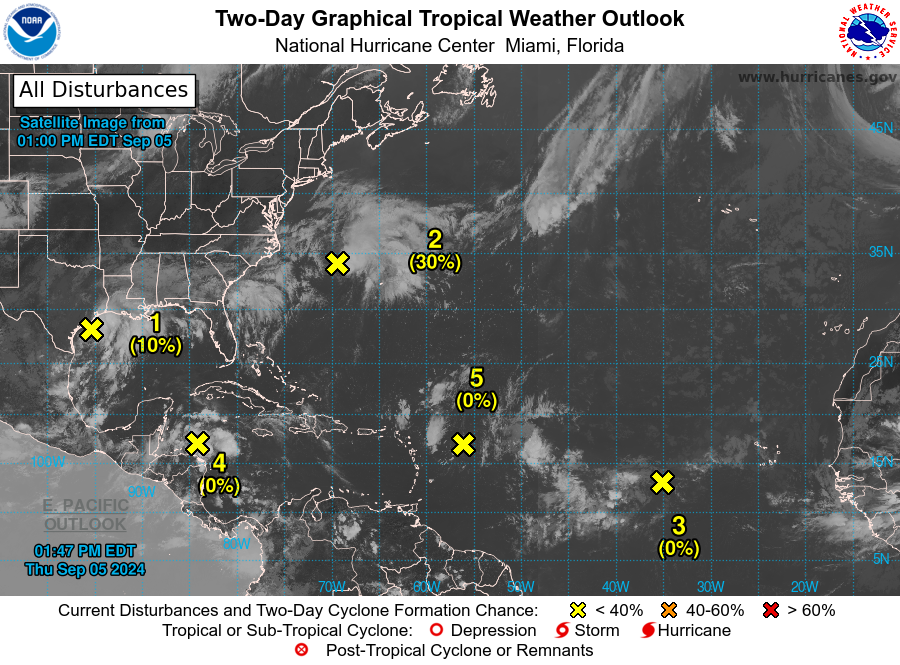
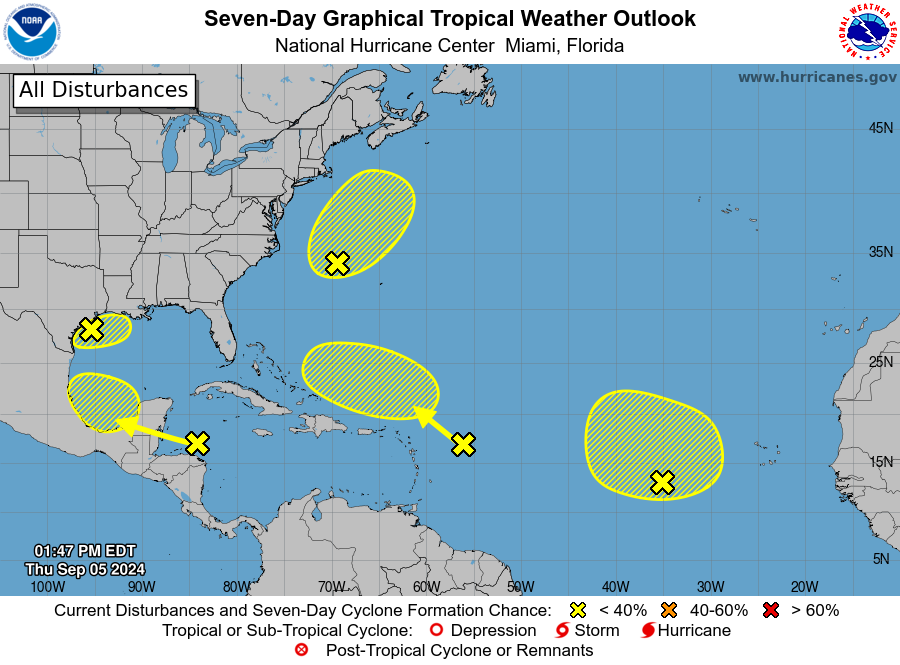
For the North Atlantic...Caribbean Sea and the Gulf of Mexico:

1. Northwest Gulf of Mexico: A large area of showers and thunderstorms continue in association with a broad area of low pressure interacting with a weak frontal boundary located over the northwestern Gulf of Mexico. Upper-level winds are expected to become less conducive for development by late Friday and Saturday as another frontal boundary approaches the system. Although development is unlikely, heavy rainfall is expected across portions of the northern Gulf Coast during the next day or so. Additional information on this system can be found in products issued by your local National Weather Service Forecast Office.
* Formation chance through 48 hours...low...10 percent.
* Formation chance through 7 days...low...10 percent.

2. Northwestern Atlantic (AL99): Showers and thunderstorms have become better organized in association with a non-tropical area of low pressure located a few hundred miles east of North Carolina, and recent satellite data indicates the system is producing winds to near gale-force. This system could acquire some tropical or subtropical characteristics over the next day or two while it moves generally north-northeastward, remaining offshore of the northeastern United States. Once the low moves over cooler waters by early Saturday, further development is not expected. Additional information on this system, including gale warnings, can be found in High Seas Forecasts issued by the National Weather Service.
* Formation chance through 48 hours...low...30 percent.
* Formation chance through 7 days...low...30 percent.

3. Eastern Tropical Atlantic: An elongated trough of low pressure over the eastern tropical Atlantic is producing limited shower activity. Development is not expected through this weekend while the system moves little. Some slow development appears possible early next week when the disturbance begins moving slowly northwestward.
* Formation chance through 48 hours...low...near 0 percent.
* Formation chance through 7 days...low...20 percent.

4. Northwestern Caribbean Sea and Southwestern Gulf of Mexico: Shower and thunderstorm activity remains disorganized in association with a westward-moving tropical wave located over the western Caribbean Sea. Development is not expected before the system reaches Belize and the Yucatan Peninsula by early Friday. Some gradual development is possible late in the weekend into early next week after the system emerges over the southwestern Gulf of Mexico.
* Formation chance through 48 hours...low...near 0 percent.
* Formation chance through 7 days...low...20 percent.

5. Central Tropical Atlantic: Another tropical wave located a few hundred miles east of the Leeward Islands is producing limited shower and thunderstorm activity. Strong upper-level winds are expected to inhibit development of this system during the next few days while it moves west-northwestward at 10 to 15 mph. By early next week, environmental conditions could become more conducive for some slow development while the system moves over the southwestern Atlantic Ocean.
* Formation chance through 48 hours...low...near 0 percent.
* Formation chance through 7 days...low...10 percent.

High Seas Forecasts are issued by the National Weather Service under AWIPS header NFDHSFAT1 and WMO header FZNT01 KWBC, and online at ocean.weather.gov/shtml/NFDHSFAT1.php

Forecaster Hagen/Delgado